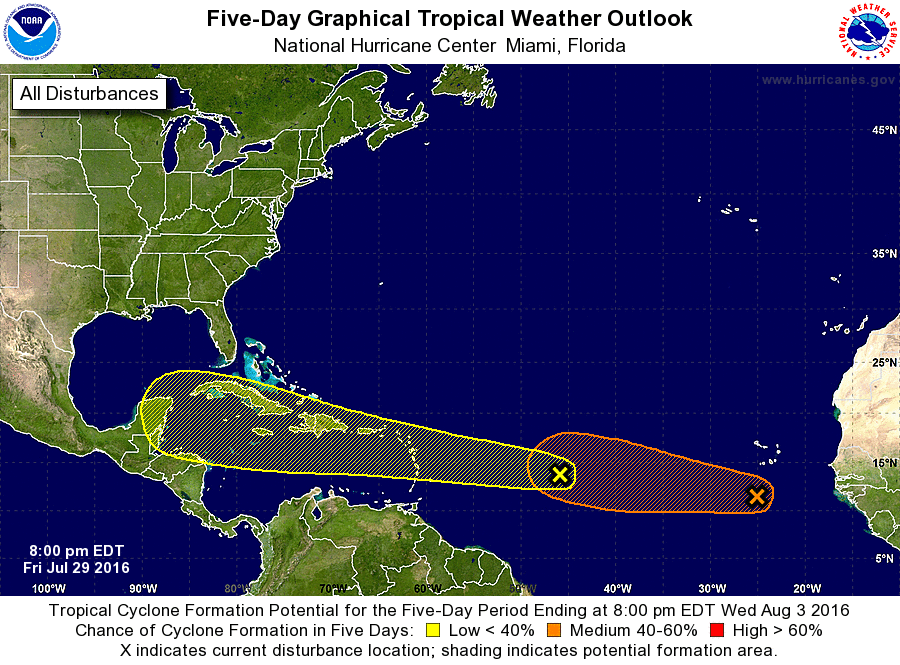
For the North Atlantic...Caribbean Sea and the Gulf of Mexico:

1. A tropical wave located about 1000 miles east of the Lesser Antilles is moving westward at 20-25 mph. Associated shower activity is poorly organized, and given the fast motion of the system any development should be slow to occur. Regardless of development, this system will likely bring showers and gusty winds to portions of the Leeward Islands, Virgin Islands, Puerto Rico, and the eastern Caribbean Sea during the weekend. By the middle of next week, the wave is expected to be in the western Caribbean Sea, where conditions could become more conducive for development.
* Formation chance through 48 hours...low...10 percent
* Formation chance through 5 days...low...30 percent

2. Shower and thunderstorm activity associated with a tropical wave and a low pressure system centered a couple of hundred miles south of Cabo Verde continues to show signs of organization. Although this system does not have a well-defined circulation at this time, some development is still possible during the next day or two before the disturbance encounters a less favorable environment over the central tropical Atlantic early next week.
* Formation chance through 48 hours...medium...40 percent
* Formation chance through 5 days...medium...50 percent

Forecaster Stewart